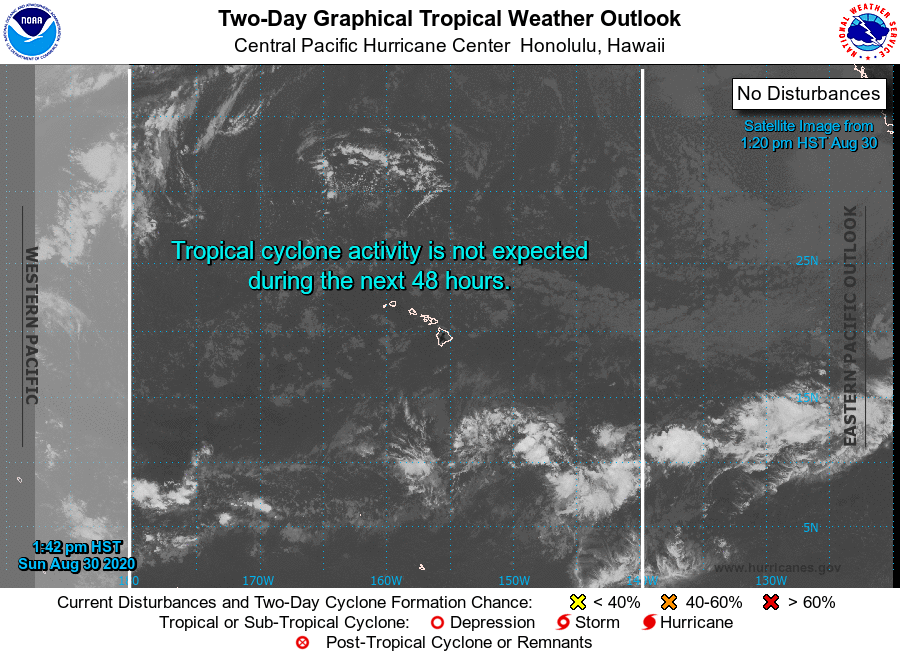
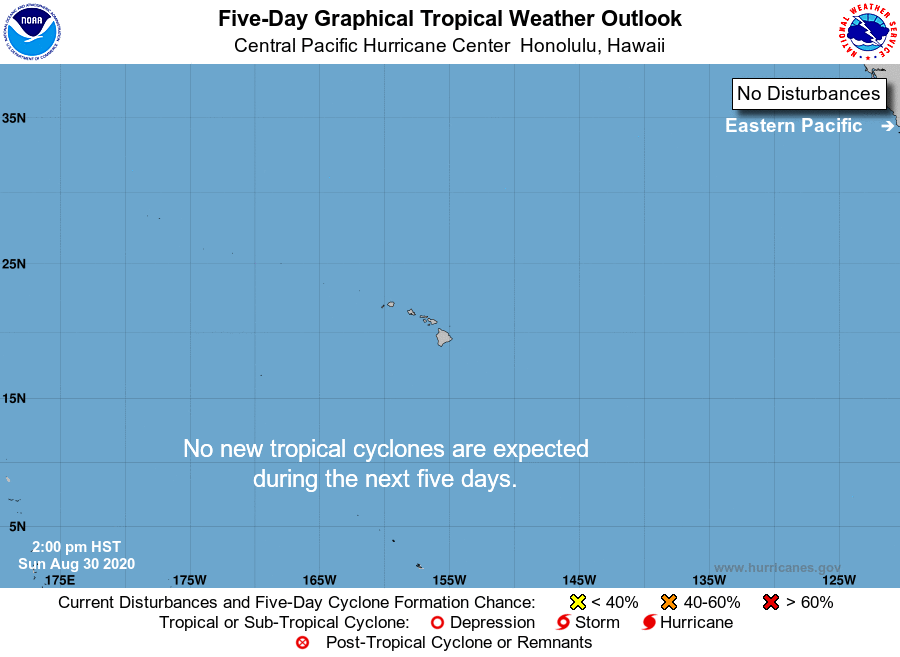
For the central North Pacific...between 140W and 180W:

No tropical cyclones are expected during the next 5 days.

Forecaster Kino